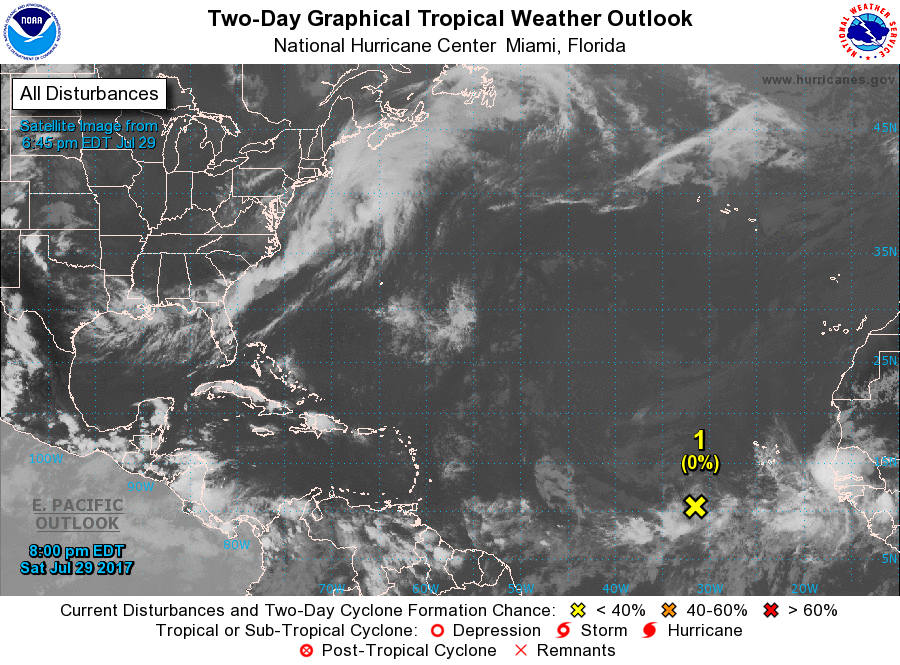
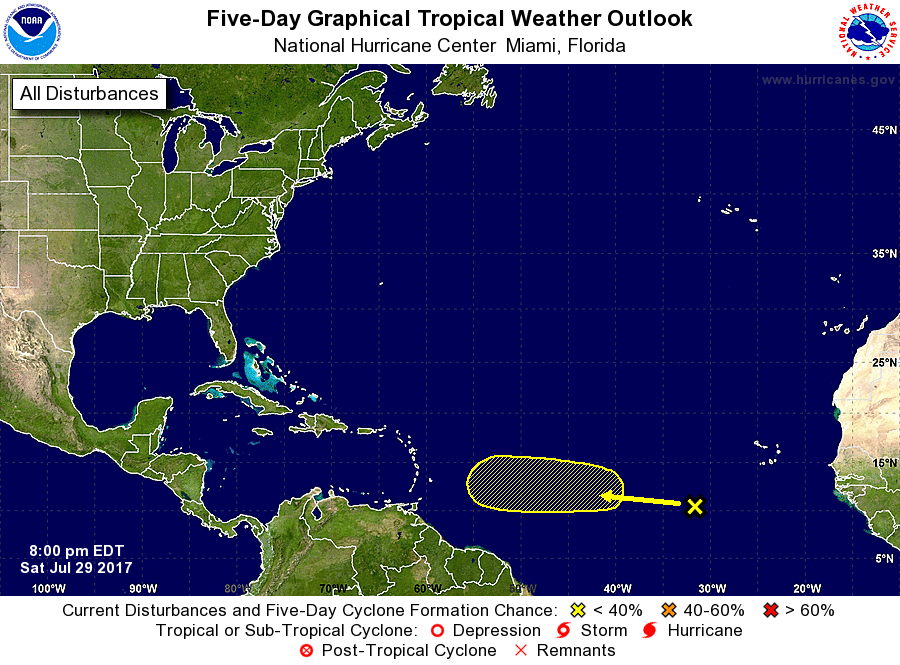
For the North Atlantic...Caribbean Sea and the Gulf of Mexico:

1. Disorganized cloudiness and showers in the eastern Atlantic are associated with a tropical wave located several hundred miles southwest of the Cabo Verde Islands. Any development of this system for the next several days is expected to be slow to occur due to dry air while the wave moves westward at 10 to 15 mph.
* Formation chance through 48 hours...low...near 0 percent.
* Formation chance through 5 days...low...20 percent.

Forecaster Blake